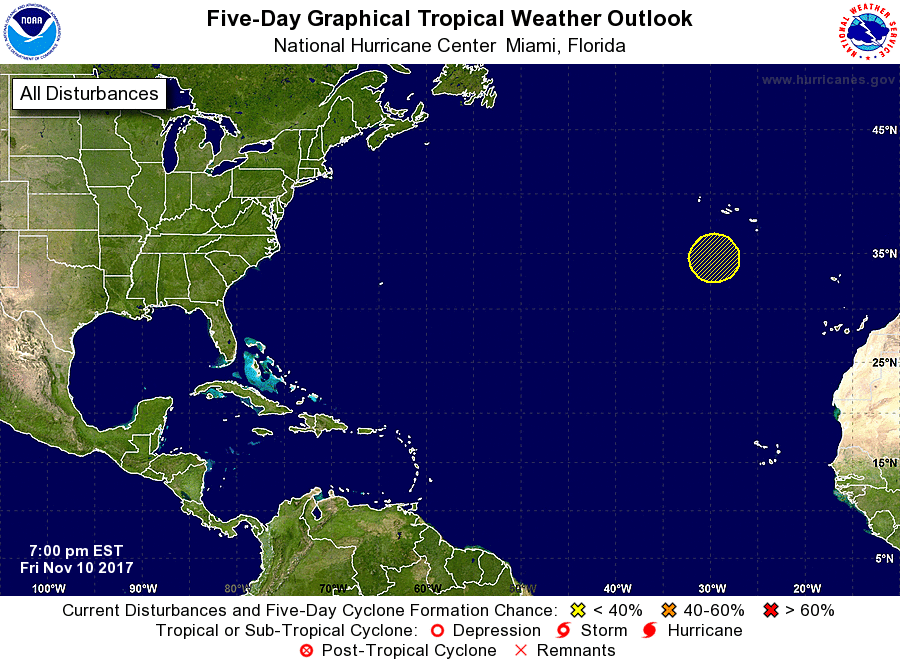
For the North Atlantic...Caribbean Sea and the Gulf of Mexico:

1. An area of low pressure is forecast to form along a frontal boundary by early next week a few hundred miles southwest of the Azores. The low could acquire some subtropical characteristics by the middle of next week while it moves generally northeastward.
* Formation chance through 48 hours...low...near 0 percent.
* Formation chance through 5 days...low...20 percent.

Forecaster Stewart